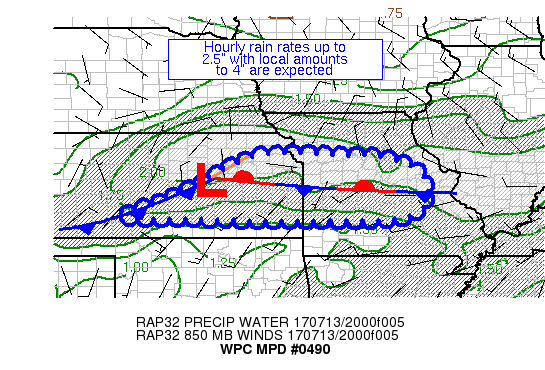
AREAS AFFECTED...EASTERN KS & WESTERN MO

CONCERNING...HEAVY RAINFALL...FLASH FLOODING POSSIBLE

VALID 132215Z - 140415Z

SUMMARY...A WAVE OF LOW PRESSURE IS EASTERN KS IS ACTING AS A
FOCUS FOR ACTIVE CONVECTION.  HOURLY RAIN RATES TO 2.5" WITH LOCAL
AMOUNTS TO 4" ARE EXPECTED.

DISCUSSION...AN UPPER LEVEL SHORTWAVE OVER THE UPPER MS VALLEY IS
ACTING TO AID DIVERGENCE OVER AN AREA OF DEVELOPING THUNDERSTORMS
ACROSS KS AT THIS TIME.  PRECIPITABLE WATER VALUES OF 1.75-2"
EXIST HERE PER RAP ANALYSES AND MID-MORNING GPS DATA.  INFLOW AT
850 HPA IS 10-15 KTS FROM THE SOUTHWEST, NEAR THE MAGNITUDE OF THE
MEAN 850-400 HPA WIND.  EFFECTIVE BULK SHEAR IN THE REGION IS
CLOSE TO 25 KTS.  WHILE THE INSTABILITY POOL IS INVERTED NORTH OF
THE BOUNDARY DUE TO HIGHER DEW POINTS POOLING ON ITS POLEWARD
SIDE, ML CAPE VALUES IN THIS REGION ARE 1000-4000 J/KG.

THE MESOSCALE GUIDANCE HAS A DECENT SIGNAL FOR HEAVY RAINFALL
HERE.  THE 12Z HREF MEAN APPEARS TO BE FAIRLY WELL PLACED NEAR THE
KS/MO BORDER WHILE THE 18Z GFS AND 20Z HRRR APPEAR WELL TOO FAR TO
THE NORTH.  THE SURFACE BOUNDARY IS EXPECTED TO SHIFT SOUTH INTO
SOUTHEAST KS AND SOUTHERN MO WITH TIME WHICH SHOULD WEAKEN THE
INSTABILITY POOL IN KS AND FAVOR INCREASINGLY FAVOR MO WITH TIME.
LOW-LEVEL INFLOW IS EXPECTED TO BEGIN TO RAMP UP NEAR THE END OF
THE PERIOD ACROSS MO WHICH COULD LEAD TO GREATER CONVECTIVE
ORGANIZATION AND SOME BACKBUILDING.  OTHERWISE, CELL MOTION TO THE
EAST IS EXPECTED AT 10-15 KTS.  THE AVAILABLE MOISTURE AND
INSTABILITY SUPPORT HOURLY RAIN RATES TO 2.5" AND LOCAL AMOUNTS TO
4" THROUGH 04Z.